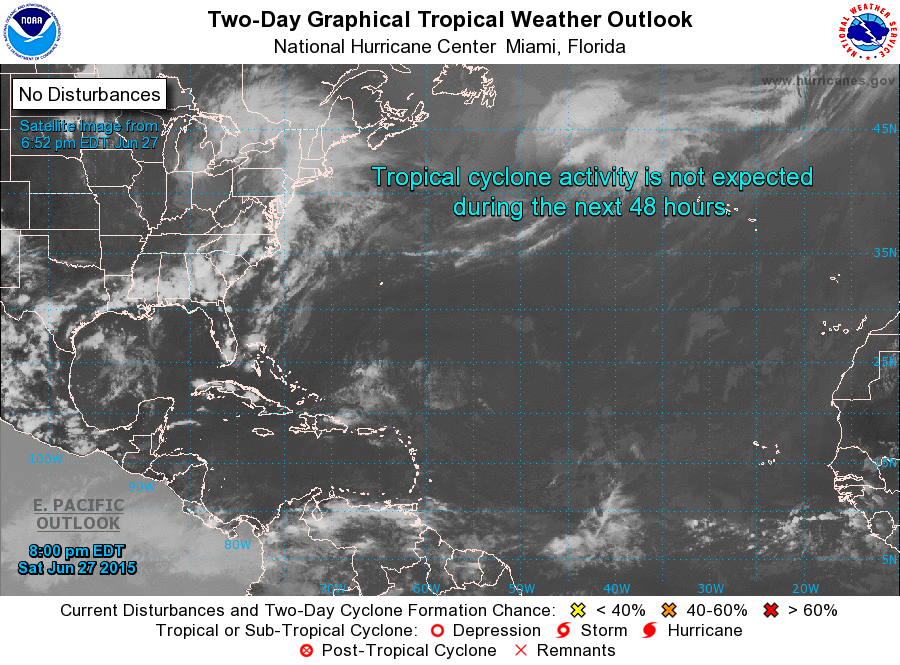
For the North Atlantic...Caribbean Sea and the Gulf of Mexico:

Tropical cyclone formation is not expected during the next 5 days.

Forecaster Brennan